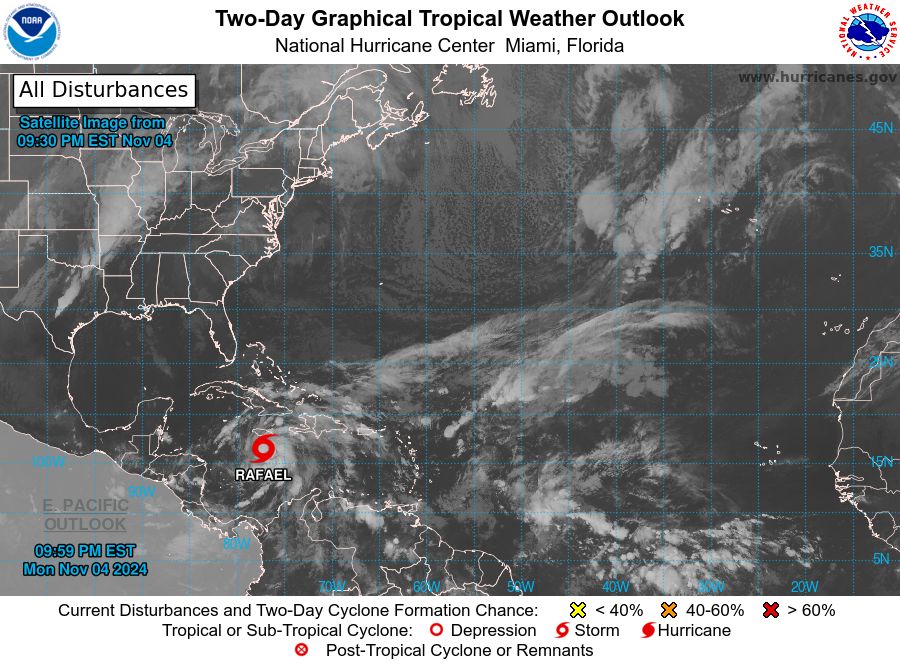
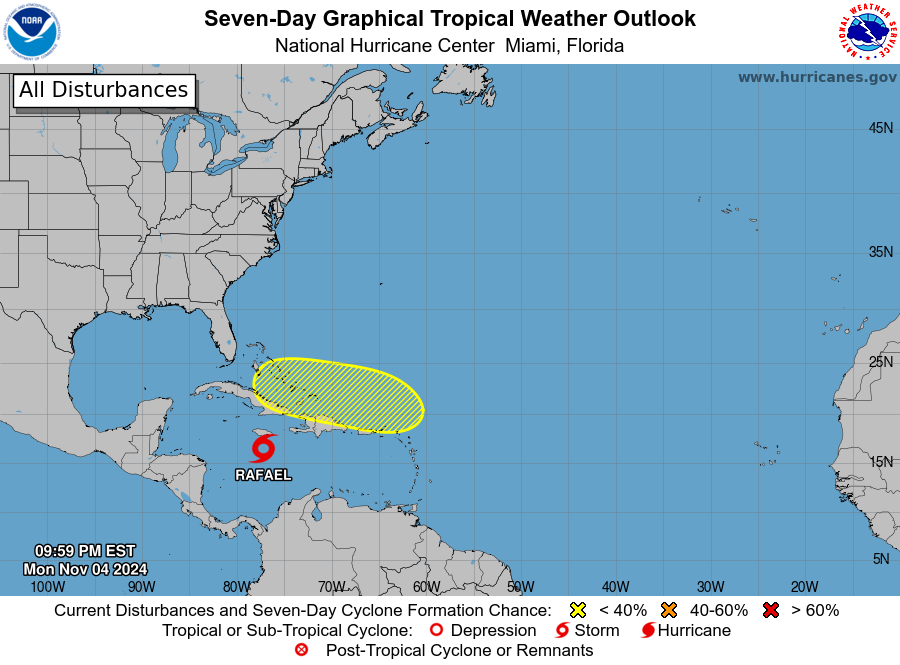
For the North Atlantic...Caribbean Sea and the Gulf of Mexico:

Active Systems: The National Hurricane Center is issuing advisories on recently upgraded Tropical Storm Rafael, located over the central Caribbean Sea.

1. Southwestern Atlantic: An area of low pressure could develop near the northern Leeward Islands in a couple of days. Thereafter, some slow development of this system is possible towards the latter part of this week as it moves generally westward over the southwestern Atlantic.
* Formation chance through 48 hours...low...near 0 percent.
* Formation chance through 7 days...low...20 percent.

Forecaster Hagen